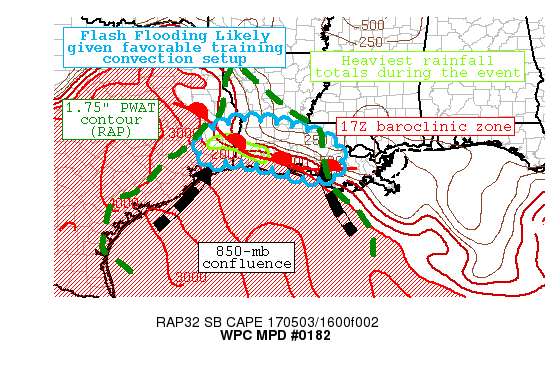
AREAS AFFECTED...FAR SOUTHEASTERN TX/SOUTHERN LA...

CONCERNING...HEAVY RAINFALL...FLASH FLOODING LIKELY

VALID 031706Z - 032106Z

SUMMARY...FLASH FLOODING WILL BE LIKELY FROM FAR SOUTHEASTERN TX
EASTWARD ACROSS MUCH OF SOUTHERN LA THROUGHOUT THE AFTERNOON. AN
ONGOING TRAINING CONVECTION EVENT IS UNDERWAY WHICH HAS GENERALLY
STRADDLED INTERSTATE 10. GIVEN AMPLE INSTABILITY/MOISTURE COUPLED
WITH A BOUNDARY TO LATCH ONTO...EXPECT FLASH FLOODING PARTICULARLY
IN LOCATIONS WHICH HAVE SEEN HEAVY RAINFALL THIS MORNING.

DISCUSSION...THE 17Z FRONTAL ANALYSIS DEPICTED A BOUNDARY
EXTENDING FROM THE VICINITY OF NEW ORLEANS LA WESTWARD INTO
SOUTHWESTERN LA/SOUTHEASTERN TX. RECENT BLENDED-TPW IMAGERY SHOWED
A WELL DEFINED MOISTURE PLUME SURGING NORTHWARD OUT OF THE WESTERN
GULF OF MX. PRECIPITABLE WATER VALUES IN EXCESS OF 1.75 INCHES
WERE COMMONPLACE ALONG THE UPPER TX AND LA COASTLINES. AN
IMPRESSIVE 850-MB DEW POINT GRADIENT WAS NOTED IN THE 16Z RAP
OBJECTIVE ANALYSIS WITH 15 TO 17C VALUES OBSERVED OVER MUCH OF THE
MPD AREA WHILE NUMBERS FALL OFF BY NEARLY 10C TOWARD NORTHEASTERN
LA. ABUNDANT INSTABILITY REMAINS ACROSS THE INFLOW REGION WITH
OVER 3000 J/KG OF UNCAPPED AIR STREAMING TOWARD THE WARM FRONTAL
ZONE. THERE APPEARS TO BE A PARTICULAR FOCUS ALONG THE TX/LA
BORDER WHERE 3 TO 6 INCHES OF RAINFALL HAS FALLEN PER RADAR
ESTIMATES. THERE HAS ALREADY BEEN AN OBSERVATION OF OVER 6 INCHES
IN JASPER COUNTY TX WITH A NUMBER OF FLASH FLOOD REPORTS WHICH
INCLUDES SOME IMPASSABLE HIGHWAYS.

THERE IS A STRONG HIGH-RESOLUTION MODEL SIGNAL TO MAINTAIN THE
ONGOING ACTIVITY WHILE GRADUALLY LIFTING IT NORTHWARD IN TIME.
THIS SHOULD GENERALLY FOLLOW THE POLEWARD MIGRATION OF THE
OBSERVED WARM FRONT. EVENTUALLY THE ACTIVITY MAY BECOME MORE
PROGRESSIVE AS AN UPSTREAM COLD FRONT APPROACHES THE REGION FROM
THE WEST. UNTIL THEN...EXPECT AN INCREASED THREAT OF FLASH
FLOODING THROUGH MUCH OF THE AFTERNOON.